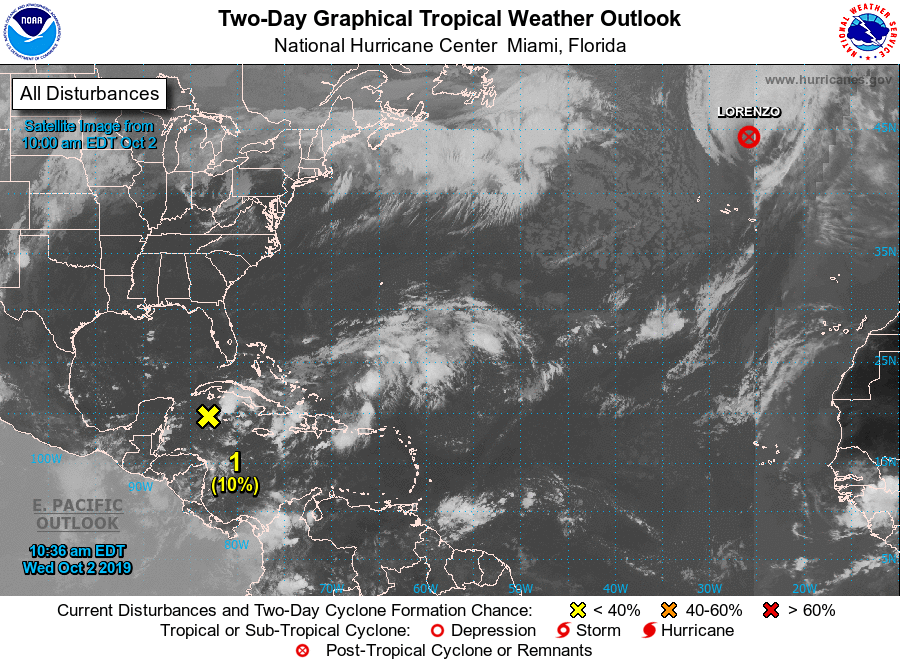
For the North Atlantic...Caribbean Sea and the Gulf of Mexico:

The National Hurricane Center is issuing advisories on Hurricane Lorenzo, located north of the Azores.

1. A broad area of low pressure located over the northwestern Caribbean Sea continues to produce disorganized showers and thunderstorms. Any development of this system is expected to be slow to occur while it moves to the west-northwest near the Yucatan peninsula in a day or so, and over the southern Gulf of Mexico on Friday.
* Formation chance through 48 hours...low...10 percent.
* Formation chance through 5 days...low...20 percent.

Forecaster Brown